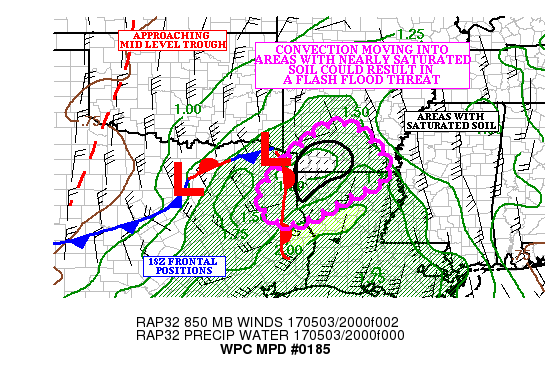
AREAS AFFECTED...SOUTHWEST AR...FAR NORTHEAST TX...FAR NORTHWEST
LA

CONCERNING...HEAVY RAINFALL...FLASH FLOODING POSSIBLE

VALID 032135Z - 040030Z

SUMMARY...CONVECTION TRAINING ACROSS AREAS WITH SATURATED SOILS
POSES A RISK FOR FLASH FLOODING INTO THE LATE AFTERNOON AND EARLY
EVENING.

DISCUSSION...CONVECTION CONTINUES TO FIRE ON AN AXIS OF 2500-3500
J/KG MLCAPE EXTENDING FROM FAR NORTHEAST TX INTO SOUTHWEST AR AND
NEARBY NORTHWEST LA....AS IT TRACKS NORTHEAST. THE EXPERIMENTAL
GOES-16 IR LOOP SHOWED BURSTS OF COOLING TOPS WITH THIS CONVECTION.

THE CONVECTION IS ROOTED IN A STRIPE OF 1.60 INCH PRECIPITABLE
WATER AIR...AND THE KSHV RADAR WAS INDICATING HOURLY RAINFALL
RATES NEAR 2.00 INCHES. RECENT SPOTTER REPORTS INDICATED THE
PRESENCE OF HAIL... AND THIS IS NOT SURPRISING GIVEN THE CELLULAR
LOOK OF THE RADAR RETURNS IN FAR NORTHEAST TX.

FURTHER NORTHEAST INTO SOUTHWEST AR AND FAR NORTHWEST LA...THE
CONVECTION IS NOT AS CELLULAR...AS THE LINE MOVES SLOWLY SOUTHEAST
AHEAD OF A FRONTAL BOUNDARY. RAINFALL RATES HERE ARE NOT AS HIGH
(AS THE INSTABILITY IS NOT AS ROBUST). HOWEVER...THE CONVECTION IS
MOVING OVER AREAS THAT THE LATEST HRRR SOIL SATURATION PRODUCT
INDICATED WAS NEARLY SATURATED. EVEN THROUGH THE CONVECTION IS
EXPECTED TO BE AT LEAST SOMEWHAT PROGRESSIVE AREA OF A LONG WAVE
TROUGH DROPPING INTO CENTRAL AND SOUTHERN PLAINS...THE ADDITIONAL
RAINFALL COULD RESULT IN A FLASH FLOOD THREAT.

THE BULK OF THE HIGH RESOLUTION GUIDANCE PRODUCES LOCAL 1.50 TO
2.50 INCH RAINFALL AMOUNTS OVER FAR SOUTHWEST AR AND FAR NORTHWEST
LA WITH THE CONVECTION...WITH SOME OF THIS OCCURRING IN AN HOUR OR
TWO. GIVEN WHAT IS OCCURRING NOW...THESE AMOUNTS SEEM REASONABLE.
AS MENTIONED EARLIER...THE ADDITIONAL RAINFALL COULD PRODUCE
LOCALIZED FLASH FLOODING INTO THE EARLY EVENING.

INSTABILITY IS EXPECTED TO WANE AFTER 01Z...SO THE THREAT OF
ADDITIONAL FLASH FLOODING IS EXPECTED TO DROP OFF AFTER THAT TIME.